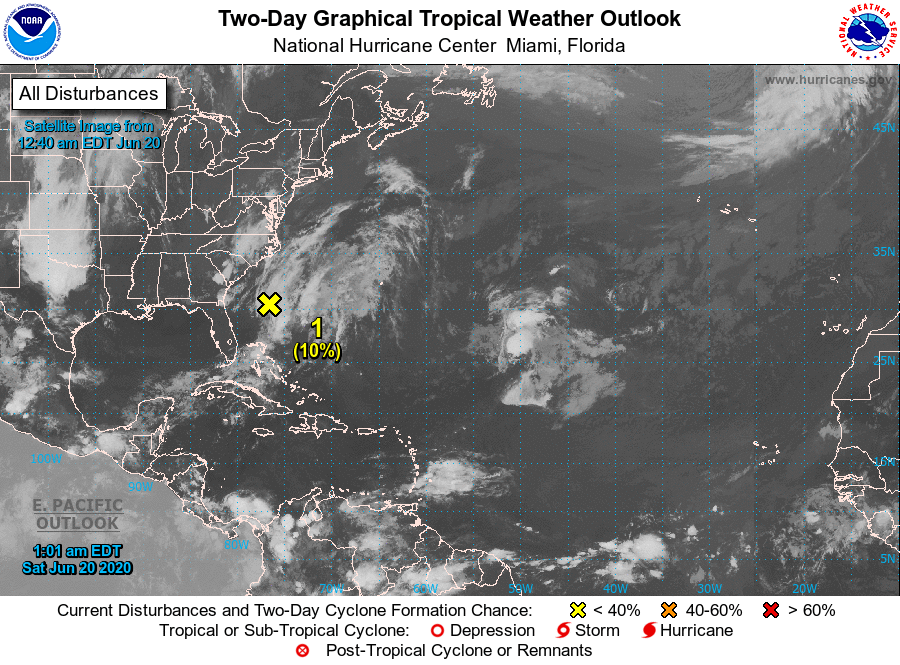
For the North Atlantic...Caribbean Sea and the Gulf of Mexico:

1. A broad area of disturbed weather is centered a few hundred miles off the southeast U.S. coast. This disturbance is forecast to move northeastward and a non-tropical low pressure system is expected to form over the weekend. Significant development is not expected, however the system could briefly acquire some subtropical characteristics when it moves over the Gulf Stream on Sunday. Further development is not anticipated once the low moves over cooler waters early next week.
* Formation chance through 48 hours...low...10 percent.
* Formation chance through 5 days...low...10 percent.

Forecaster Zelinsky